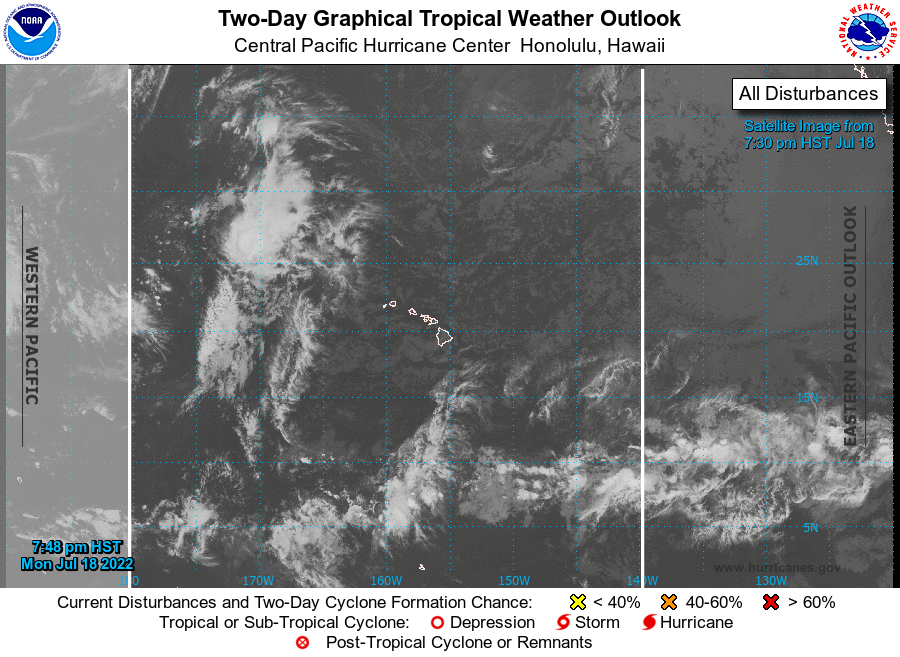
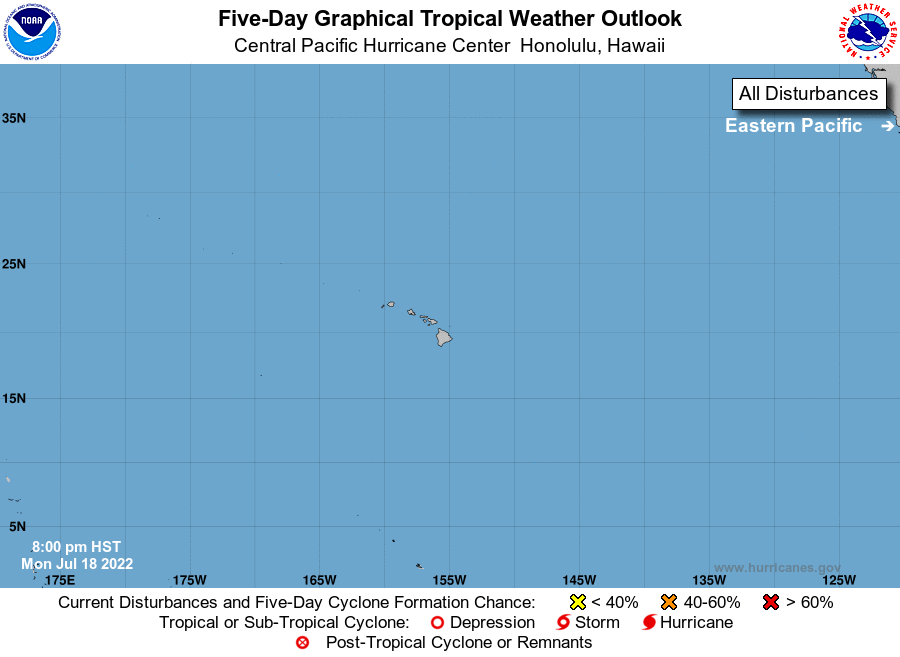
For the central North Pacific...between 140W and 180W:

No tropical cyclones are expected during the next 5 days.

Forecaster Almanza